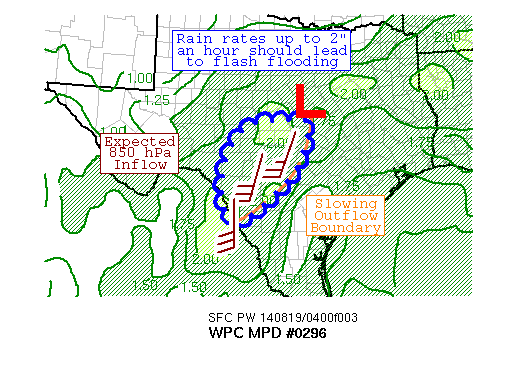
AREAS AFFECTED...CENTRAL TX

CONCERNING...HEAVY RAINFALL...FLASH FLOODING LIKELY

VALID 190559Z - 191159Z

SUMMARY...THUNDERSTORMS ARE REFORMING WELL NORTH OF AN OUTFLOW
BOUNDARY IN AN AREA OF SATURATED SOILS.  FLASH FLOODING IS
CONSIDERED LIKELY HERE.

DISCUSSION...AS THUNDERSTORMS NEAR THE INITIAL OUTFLOW BOUNDARY
HAVE WEAKENED, POSSIBLY DUE TO SOME CIN, INFLOW HAS BECOME
UNRESTRICTED INTO AN AREA OF INSTABILITY ACROSS CENTRAL TX WHERE
MUCAPE VALUES REMAIN >1000 J/KG, WHICH HAS CAUSED CONVECTION TO
BECOME MORE ELEVATED THAN ORIGINALLY EXPECTED AND SHOULD CONTINUE
TO SLOW OUTFLOW BOUNDARY PROGRESSION INTO SOUTHERN TX.
PRECIPITABLE WATER VALUES ARE NEAR 2", AND INFLOW INTO THE REGION
IS EXPECTED TO SLIGHTLY INCREASE TO 30-35 KTS INTO THE REGION OVER
THE NEXT COUPLE HOURS.  FLASH FLOOD GUIDANCE VALUES ARE EXTREMELY
LOW ACROSS CENTRAL TX DUE TO HEAVY RAINFALL DURING THE DAY MONDAY.

AS CAPE VALUES CONTINUE TO RECEDE, THIS THUNDERSTORM ACTIVITY
SHOULD SHIFT SLIGHTLY SOUTHWARD AND EASTWARD WITH THE OUTFLOW
BOUNDARY, AND REMAIN FAIRLY ELEVATED, INTO ANOTHER AREA WHERE IT
HAS RECENTLY RAINED HEAVILY.  THE MESOSCALE GUIDANCE -- WHICH
STILL APPEARS TO BE PLACING THIS ACTIVITY WAY TOO FAR TO THE NORTH
-- IS GENERATING LOCAL AMOUNTS OF 3-5".  CONSIDERING THE SATURATED
SOILS, FLASH FLOODING IS CONSIDERED LIKELY IN THIS REGION UNTIL
AROUND 12Z, WHEN 850 HPA INFLOW WEAKENS.  THIS MPD IS AN UPDATE,
AND REPLACES, MPD #0293.